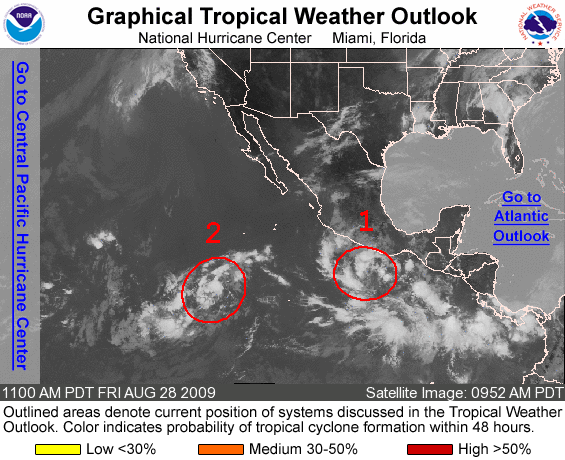
FOR THE EASTERN NORTH PACIFIC...EAST OF 140 DEGREES WEST LONGITUDE..

1. SATELLITE IMAGES INDICATE THAT SHOWER AND THUNDERSTORM ACTIVITY HAS BECOME BETTER ORGANIZED IN ASSOCIATION WITH A LOW PRESSURE AREA LOCATED ABOUT 225 MILES SOUTH OF ACAPULCO MEXICO. ENVIRONMENTAL CONDITIONS ARE EXPECTED TO REMAIN FAVORABLE FOR DEVELOPMENT OF THIS SYSTEM AS IT MOVES WEST TO WEST-NORTHWESTWARD NEAR 10 MPH OVER THE NEXT COUPLE OF DAYS. THERE IS A HIGH CHANCE...GREATER THAN 50 PERCENT...OF THIS SYSTEM BECOMING A TROPICAL CYCLONE DURING THE NEXT 48 HOURS.

2. SHOWER AND THUNDERSTORMS ASSOCIATED WITH A BROAD AREA OF LOW PRESSURE LOCATED ABOUT 1000 MILES SOUTH-SOUTHWEST OF THE SOUTHERN TIP OF BAJA CALIFORNIA HAVE BECOME MORE CONCENTRATED DURING THE PAST SEVERAL HOURS. UPPER-LEVEL WINDS APPEAR FAVORABLE FOR ADDITIONAL DEVELOPMENT OF THIS SYSTEM DURING THE NEXT COUPLE OF DAYS AS IT MOVES WEST-NORTHWESTWARD AT 10 TO 15 MPH. THERE IS A HIGH CHANCE...GREATER THAN 50 PERCENT...OF THIS SYSTEM BECOMING A TROPICAL CYCLONE DURING THE NEXT 48 HOURS.

ELSEWHERE...TROPICAL CYCLONE FORMATION IS NOT EXPECTED DURING THE NEXT 48 HOURS.

FORECASTER BLAKE